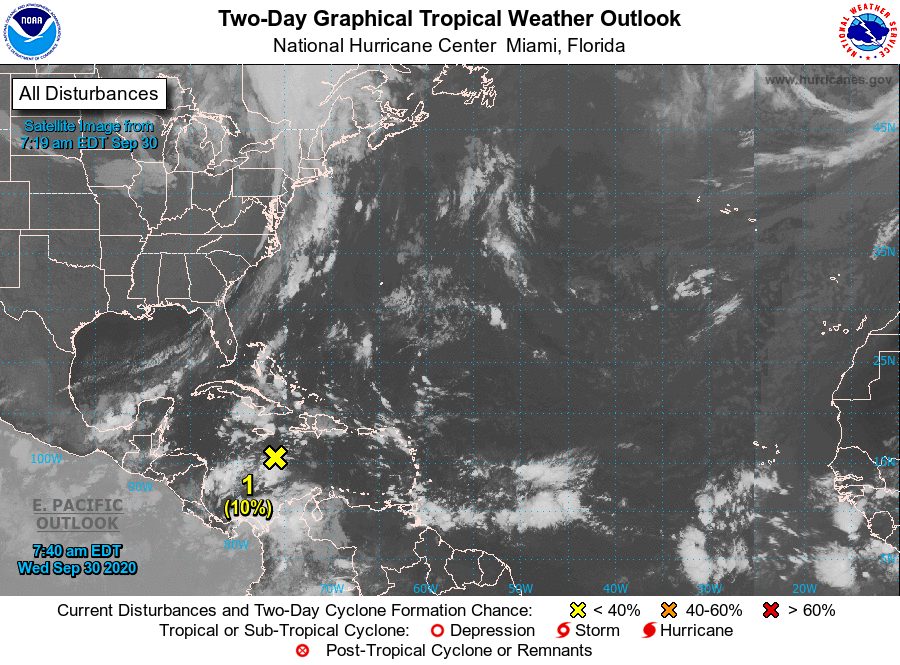
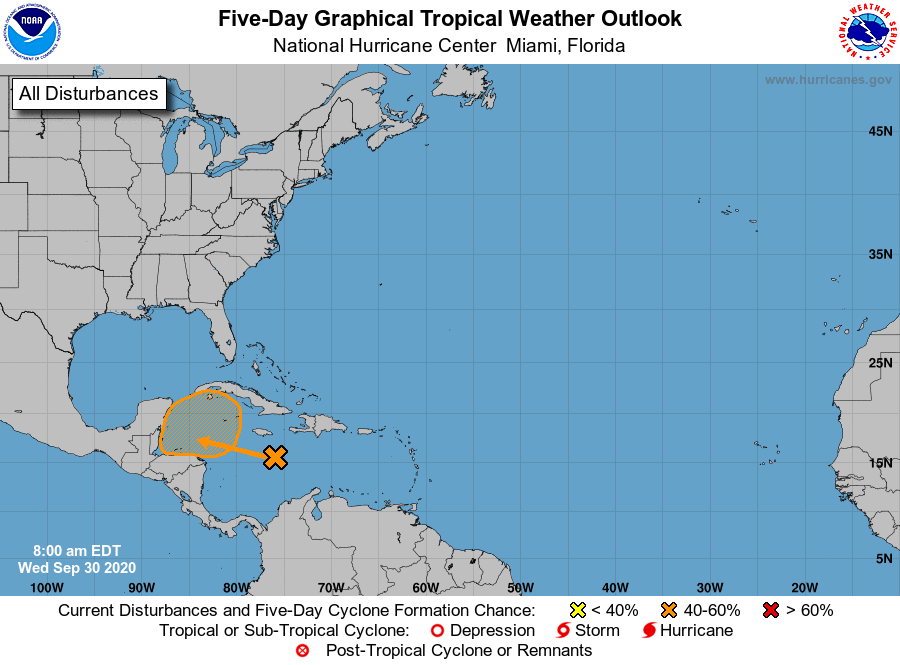
For the North Atlantic...Caribbean Sea and the Gulf of Mexico:

1. A tropical wave located over the west-central Caribbean Sea is expected to move westward over the next couple of days and interact with a frontal system, producing a broad area of low pressure over the western Caribbean Sea by Thursday night or Friday. Environmental conditions are forecast to be conducive for some development thereafter, and a tropical depression could form over the weekend while the system moves slowly west-northwestward over the northwestern Caribbean Sea.
* Formation chance through 48 hours...low...10 percent.
* Formation chance through 5 days...medium...60 percent.

Forecaster Pasch